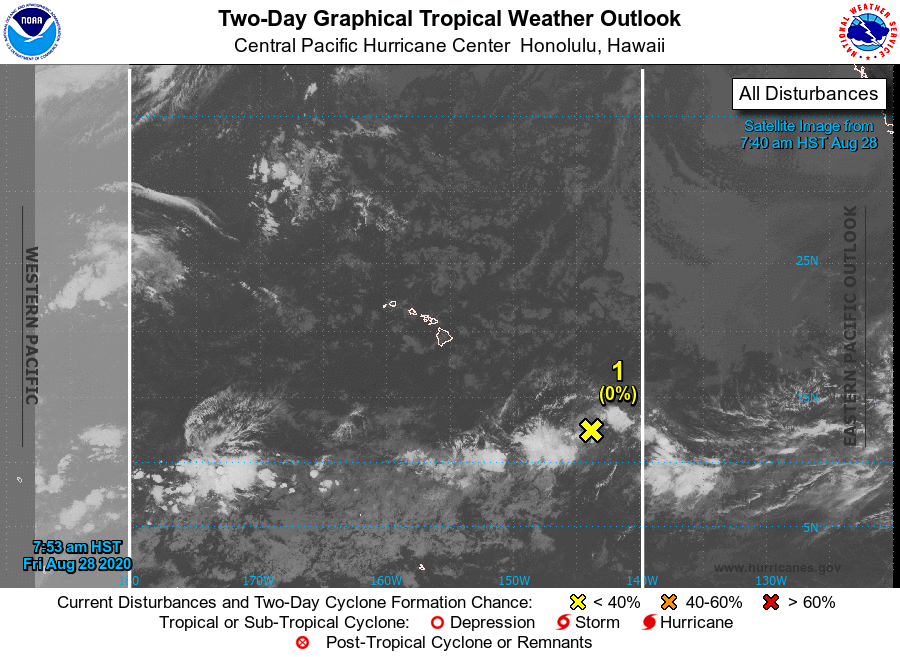
For the central North Pacific...between 140W and 180W:

1. An elongated area of low pressure located around 900 miles southeast of Hilo, Hawaii, is producing disorganized showers and thunderstorms. Environmental conditions appear somewhat conducive for gradual development of this system as it moves slowly west during the next several days.
* Formation chance through 48 hours...low...near 0 percent.
* Formation chance through 5 days...low...20 percent.

Forecaster Blood